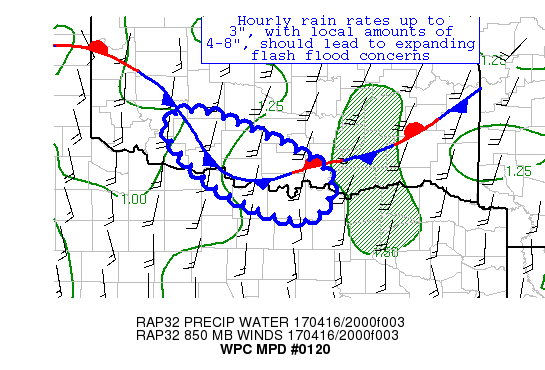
AREAS AFFECTED...SOUTH-CENTRAL OK & VICINITY

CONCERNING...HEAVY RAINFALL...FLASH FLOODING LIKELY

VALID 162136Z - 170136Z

SUMMARY...AN EXPANDING THUNDERSTORM COMPLEX JUST NORTH OF THE RED
RIVER HAS BEEN PRODUCING RAIN RATES OF AT LEAST 3" AN HOUR.  A
CONTINUATION OF THESE RATES APPEARS LIKELY OVER A BROADER AREA FOR
THE NEXT FOUR HOURS.

DISCUSSION...A THUNDERSTORM COMPLEX HAS BEEN SLOWLY GROWING IN
COVERAGE WHILE BACKBUILDING, WITH THE FIRST THUNDERSTORMS FORMING
AT 1830Z AND THE RAMPING UP OF THE SMALL CLUSTER AT 1930Z.  CLOUD
CLOUD TOPS CONTINUE TO EXPAND IN COVERAGE WITHIN SATELLITE
IMAGERY.  VENTILATION ALOFT APPEARS TO BE AIDED BY AN OLD MCV FROM
YESTERDAY'S CONVECTION, MOVING INTO THE TX HILL COUNTRY AT THIS
TIME, AND A SHORTWAVE MOVING BY TO ITS NORTH ACROSS KS.  THE
CONVECTIVE EXPANSION HAS CONTINUED AS 850 HPA INFLOW HAS SLOWLY
INCREASED FROM 15-20 KTS OUT OF THE SOUTH.  PRECIPITABLE WATER
VALUES ARE NEAR 1.5".  INSTABILITY IS SIGNIFICANT, WITH MLCAPES
BETWEEN 2000-4000 J/KG, WHICH IS KEEPING THE CONVECTION TIED TO AN
OLD OUTFLOW BOUNDARY IN ITS VICINITY.  BULK SHEAR IN THE 0-6 KM
LAYER IS ABOUT 25 KTS, JUST SUFFICIENT FOR ORGANIZATION.  NEW
ACTIVITY HAS BEEN BUILDING TO ITS WEST WHERE INSTABILITY IS
GREATEST, THOUGH THE BEGINNING SIGNS OF FORWARD PROPAGATION TO THE
EAST-SOUTHEAST HAS BEEN EVIDENT OVER THE PAST 30-60 MINUTES ON
RADAR IMAGERY OF THE HEAVY RAIN CORE(S).

WITH 850 HPA INFLOW EXPECTED TO RAMP UP FURTHER TOWARDS 30 KTS BY
01Z, EXPECT A CONTINUATION OF THE BACKBUILDING TO THE
WEST-NORTHWEST AND A SLOW WEST-NORTHWEST/ EAST-SOUTHEAST EXPANSION
TO THE CONVECTIVE CLUSTER, EVENTUALLY AT A PACE OF 15-20 KTS.
WITH THE COMBINATION OF BACKBUILDING AND TRAINING, HOURLY RAIN
RATES UP TO 3", WITH LOCAL AMOUNTS OF 4-8", APPEAR LIKELY, WHICH
WOULD CONTINUE AND BROADEN THE FLASH FLOODING CONCERN.